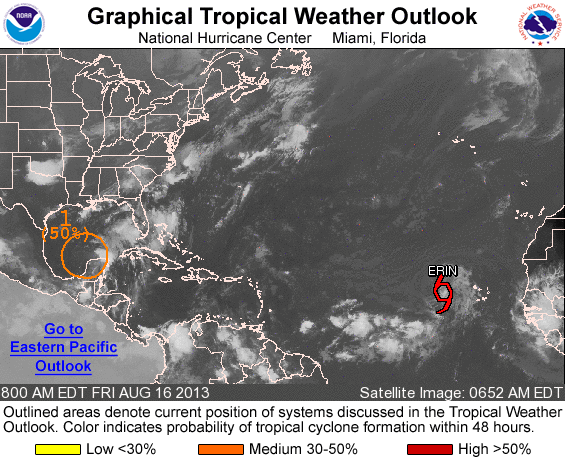
FOR THE NORTH ATLANTIC...CARIBBEAN SEA AND THE GULF OF MEXICO...

THE NATIONAL HURRICANE CENTER IS ISSUING ADVISORIES ON TROPICAL STORM ERIN...LOCATED WEST OF THE CAPE VERDE ISLANDS.

1. SATELLITE IMAGES INDICATE THAT AN AREA OF LOW PRESSURE HAS MOVED OFFSHORE OF THE YUCATAN PENNISULA AND OVER THE SOUTHWESTERN GULF OF MEXICO. ALTHOUGH THE SHOWER AND THUNDERSTORM ACTIVITY IS CURRENTLY DISORGANIZED AND LOCATED WELL TO THE EAST AND NORTHEAST OF THE LOW CENTER...ENVIRONMENTAL CONDITIONS COULD BECOME MORE FAVORABLE FOR DEVELOPMENT IF THE LOW MOVES TOWARD THE WEST OR WEST-NORTHWEST OVER THE NEXT COUPLE OF DAYS. INTERESTS IN THE CENTRAL AND WESTERN GULF OF MEXICO SHOULD MONITOR THE PROGRESS OF THE SYSTEM THROUGH THE WEEKEND. IF THE LOW TAKES A MORE NORTHWARD TRACK...HOWEVER...IT WOULD MOVE INTO A LESS CONDUCIVE ENVIRONMENT FOR DEVELOPMENT. THIS SYSTEM HAS A MEDIUM CHANCE...50 PERCENT...OF BECOMING A TROPICAL CYCLONE DURING THE NEXT 48 HOURS...AND A HIGH CHANCE...60 PERCENT...OF BECOMING A TROPICAL CYCLONE DURING THE NEXT 5 DAYS. THE AIR FORCE RESERVE RECONNAISSANCE AIRCRAFT MISSION SCHEDULED FOR TODAY HAS BEEN CANCELLED.

FIVE-DAY FORMATION PROBABILITIES ARE EXPERIMENTAL IN 2013. COMMENTS ON THE EXPERIMENTAL FORECASTS CAN BE PROVIDED AT...

HTTP://WWW.NWS.NOAA.GOV/SURVEY/NWS-SURVEY.PHP?CODE=ETWO

FORECASTER BRENNAN/CANGIALOSI